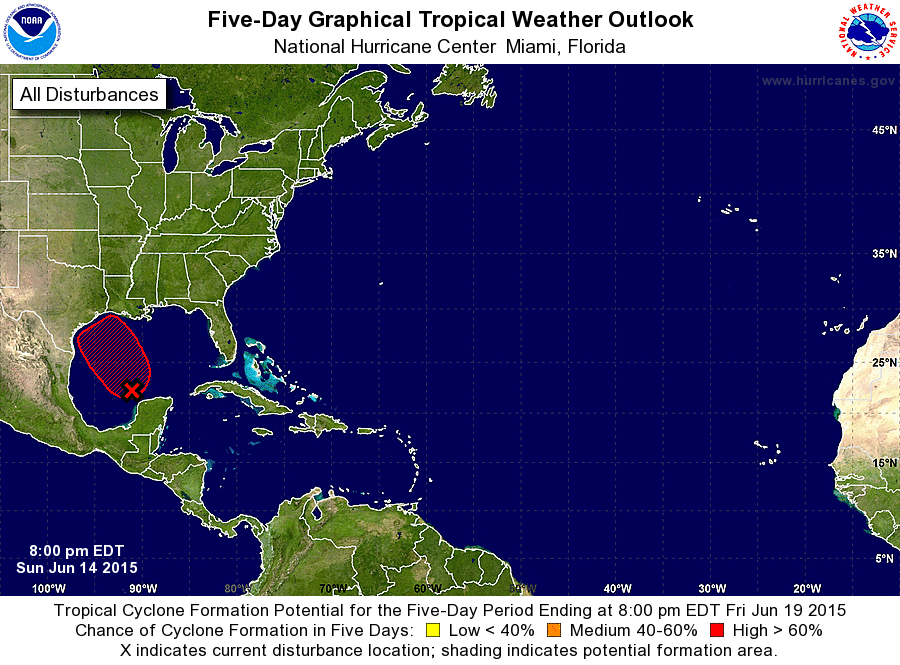
For the North Atlantic...Caribbean Sea and the Gulf of Mexico:

1. Data from an Air Force Reserve Unit Hurricane Hunter aircraft indicate that a broad area of low pressure has formed in association with the surface trough and upper-level low over the south-central Gulf of Mexico. However, the low's circulation is not well-defined, and the current shower and thunderstorm activity remains somewhat disorganized. The aircraft also found a large area of tropical storm force winds well to the north and northeast of the low. Upper-level winds are forecast to gradually become more favorable while this system moves northwestward during the next couple of days across the western Gulf of Mexico, and a tropical depression or tropical storm could form during that time. Another Hurricane Hunter aircraft will investigate this system Monday morning.

Interests in and along the northwestern Gulf of Mexico should monitor the progress of this system. Regardless of tropical cyclone formation, tropical storm conditions are possible along portions of the middle and upper Texas coast and the western Louisiana coast Monday night and Tuesday. There is also a risk of heavy rainfall and possible flooding across portions of eastern Texas and western Louisiana. For additional information, please see High Seas Forecasts and products issued by your local National Weather Service forecast office.
* Formation chance through 48 hours...high...80 percent
* Formation chance through 5 days...high...80 percent

High Seas Forecasts can be found under AWIPS header NFDHSFAT1 and WMO header FZNT01 KWBC.

Forecaster Brennan